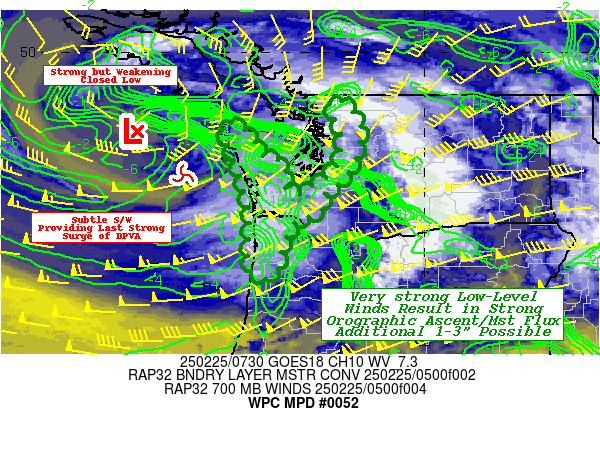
Areas affected...Lower Foothills of Western Washington & Far
Northwest Oregon...

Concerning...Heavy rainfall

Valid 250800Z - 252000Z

SUMMARY...Reducing rainfall rates to .25-.3"/hr and spots of
additional 2-3" adds to streamflows/ongoing river flooding within
western facing foothills of Cascades/Olympics, as well as much of
the Coastal Range.

DISCUSSION...GOES-W WV shows an textbook symmetric deep layer
fairly broad cyclone just west of the entrance to the Juan de Fuca
strait, which is accompanied by a sub 985mb surface low.  While
the cyclone is starting to fill well past peak maturity, a subtle
lobe of vorticity and associated jet streak is rounding the base
of the cyclone resulting in broadening diffluent/divergent
downstream flow across W WA increasing westerly surface to 700mb
flow.  Given onshore surface winds are gusting over 50 mph that
increase to 70kts by 700mb slowly veering from WSW to W over the
next few hours, is solidly orthogonal to the SW slopes of the
Olympics and while moisture is limited due to the deep cold air
through depth, total PWats of .75" and the strength of winds will
continue to result in solid rainfall rates of .25 to .3"/hr in the
lower slopes before the freezing levels about 3Kft.

The upper-low will continue to spin down but approach the coastal
range maintaining the strong moisture flux with very slow
reduction with the winds.  The Willapa Hills will take the
greatest brunt of flux closer to the track of the low and best
orthogonal flow to support .25-.3"/hr for about 9-12 hours which
will allow for an additional 2-3"+ though spots along the NW
Oregon Coastal Range in Clatsop and Tillamook counties will see
slightly reduced rates, but still potent for 1-2.5" totals.  Given
soil conditions are already nearly fully saturated per NASA SPoRT
LIS product suggesting 85-95% saturation through 40cm, most will
continue to run off and maintain already increased stream rates
and flooding conditions in downstream rivers, yet rates are not
likely to result in rapid rises.

Downstream into the Cascades, the slopes increase rapidly with
only limited areas of the lower foothills below freezing levels,
with much of the moisture above to fall as snow. Still, similar
1-3" totals in the lower foothills extend mainly north of the
Columbia river in the Washington Cascades with best rates up to
.25"/hr likely as the core of the upper-level low crosses later
this morning into early afternoon (15-20z), ending the prolonged
atmospheric river event.